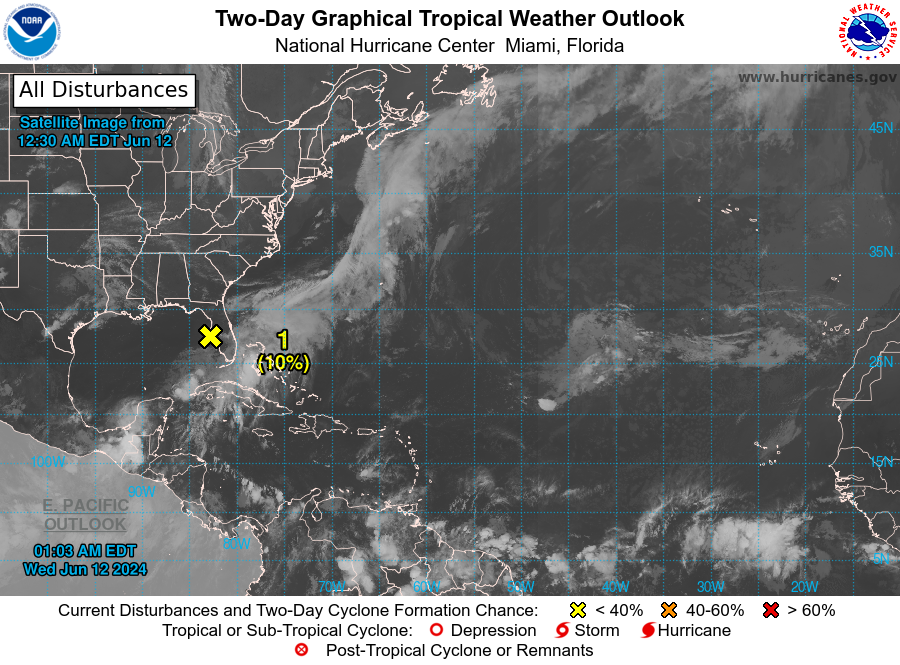
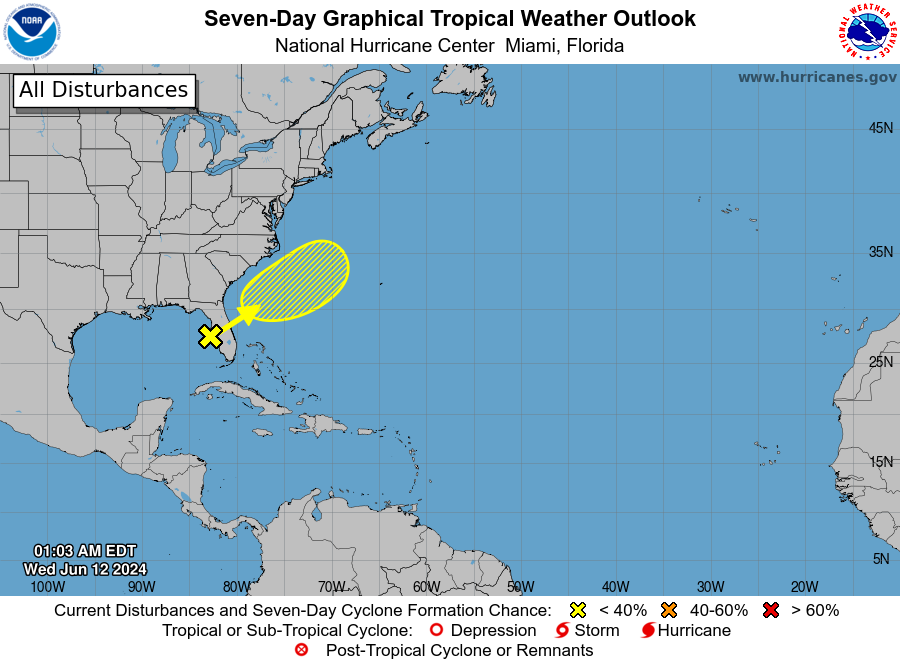
For the North Atlantic...Caribbean Sea and the Gulf of Mexico:

1. Florida Peninsula and Offshore Southeast U.S. (AL90): A broad and elongated area of low pressure near the west-central coast of Florida is producing a large area of disorganized showers and thunderstorms. This system has moved little over the past few hours, but is expected to move northeastward across Florida and move offshore of the U.S. Southeast coast within the next day or so. Although upper-level winds are expected to be only marginally conducive, some slow development is possible while the system moves offshore of the U.S. Southeast coast. Regardless of development, heavy rainfall is forecast to continue across portions of the Florida peninsula during the next few days. For more information, see products issued by the Weather Prediction Center and local National Weather Service Forecast Offices.
* Formation chance through 48 hours...low...10 percent.
* Formation chance through 7 days...low...20 percent.

Weather Prediction Center products can be found at www.wpc.ncep.noaa.gov and National Weather Service forecast information can be found at www.weather.gov

Forecaster Pasch